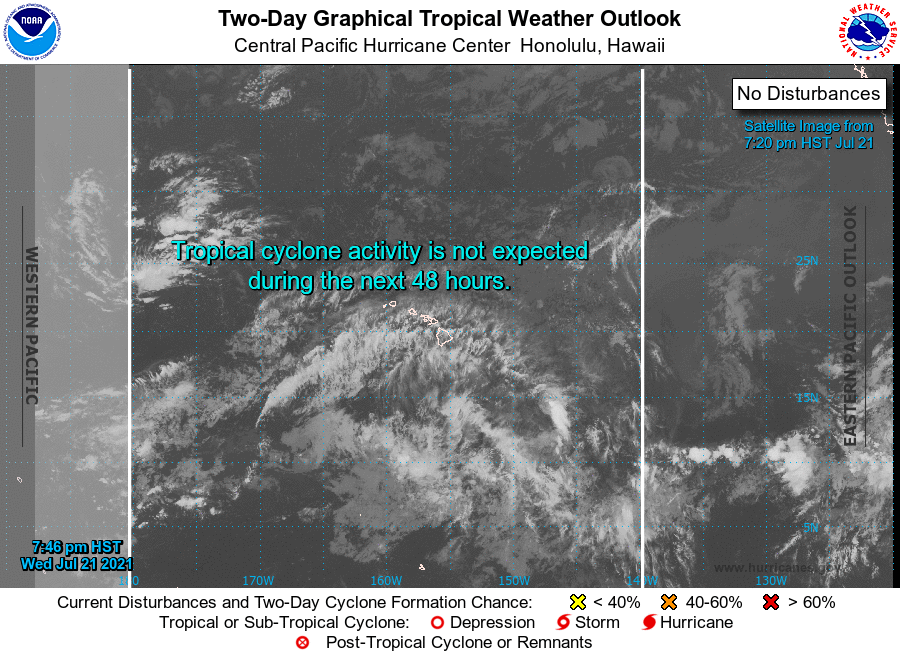
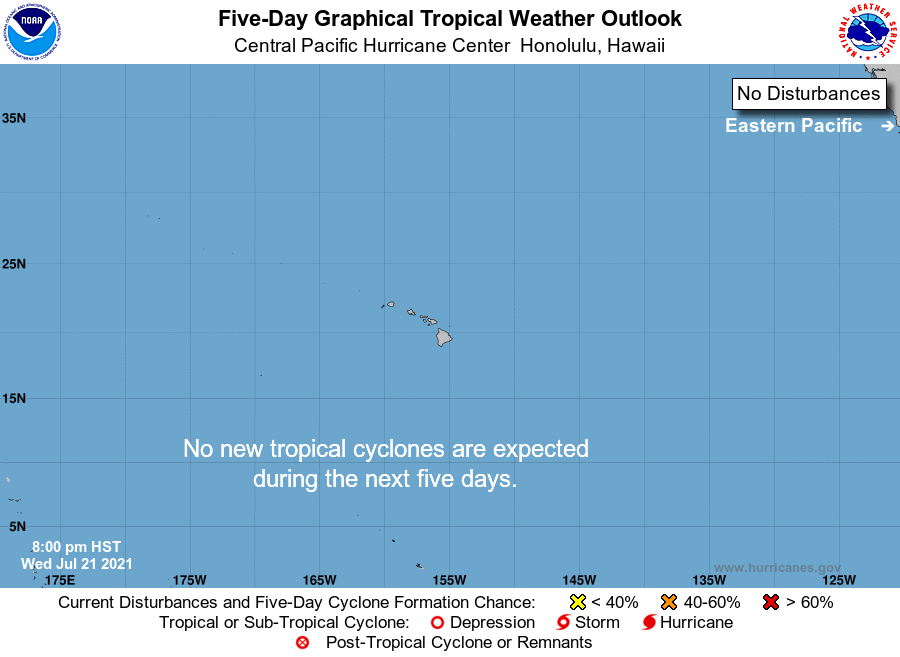
For the central North Pacific...between 140W and 180W:

No tropical cyclones are expected during the next 5 days.

Forecaster Powell